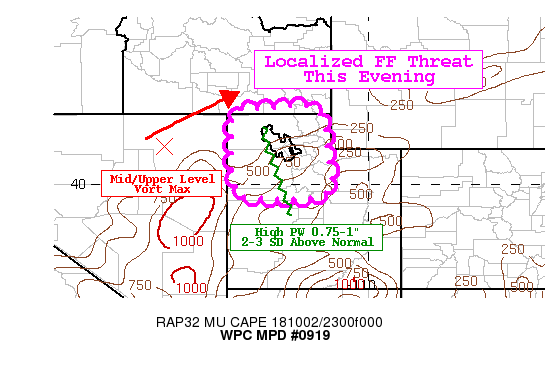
Areas affected...Northern Utah

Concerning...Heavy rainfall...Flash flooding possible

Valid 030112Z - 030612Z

Summary...Convection developing across northern Utah poses a
localized flash flood threat this evening with intense rainfall
rates of 1 to locally 2 inches/hour possible.

Discussion...GOES IR imagery shows cloud tops have cooled across
northwest Utah associated with a few broken lines of convection
developing. KMTX radar shows a few clusters of storms becoming
better organized, moving generally east/northeast. Dual pol
estimates show 1-hr rates of around 0.5" to locally 1.5" per hour.

The environment is characterized by broad upper level divergence
thanks to a large closed mid/upper level low off the CA coast as
well as favorable right entrance region from a shortwave moving
into the Pacific NW. Water vapor imagery hints at a vort max
moving from Nevada into Utah. PWATs are between 0.75-1.0 per
latest mesoanalysis which is between 2-3 SD above normal for the
area. Instability is sufficient but not great and generally is
running around 500-1000 J/kg of SBCAPE.

It is expected that this convection will congeal and trek eastward
over the next few hours, heading into the SLC metro area northward
to Ogden along the I-15 corridor. The NAM-Conest is performing
best with current radar trends though a consensus of the hi-res
models shows a good clustering.

With the intense rainfall rates falling over low FFGs (1-hr 0.75
to 1"), localized flash flooding will be possible this evening.